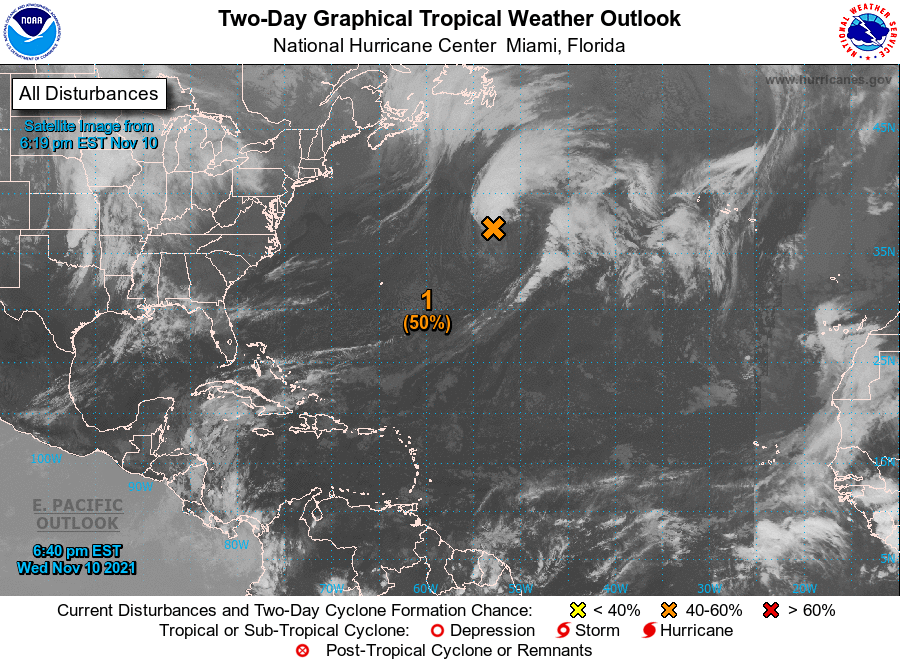
For the North Atlantic...Caribbean Sea and the Gulf of Mexico:

1. A storm-force non-tropical area of low pressure located about 750 miles east-northeast of Bermuda is producing a large area of showers that extend near and to the north of its center along an associated frontal boundary. Although this shower activity shows signs or organization, the system has not acquired sufficient characteristics to be classified as a subtropical cyclone. There is a chance for the low to become a subtropical storm tonight or early Friday before it reaches cooler waters. By this weekend, the system is expected to be absorbed by a larger non-tropical low. Additional information on this system, including hurricane-force wind warnings, can be found in High Seas forecasts issued by the National Weather Service.
* Formation chance through 48 hours...medium...50 percent.
* Formation chance through 5 days...medium...50 percent.

High Seas Forecasts issued by the National Weather Service can be found under AWIPS header NFDHSFAT1, WMO header FZNT01 KWBC, and online at ocean.weather.gov/shtml/NFDHSFAT1.php

Forecaster Beven